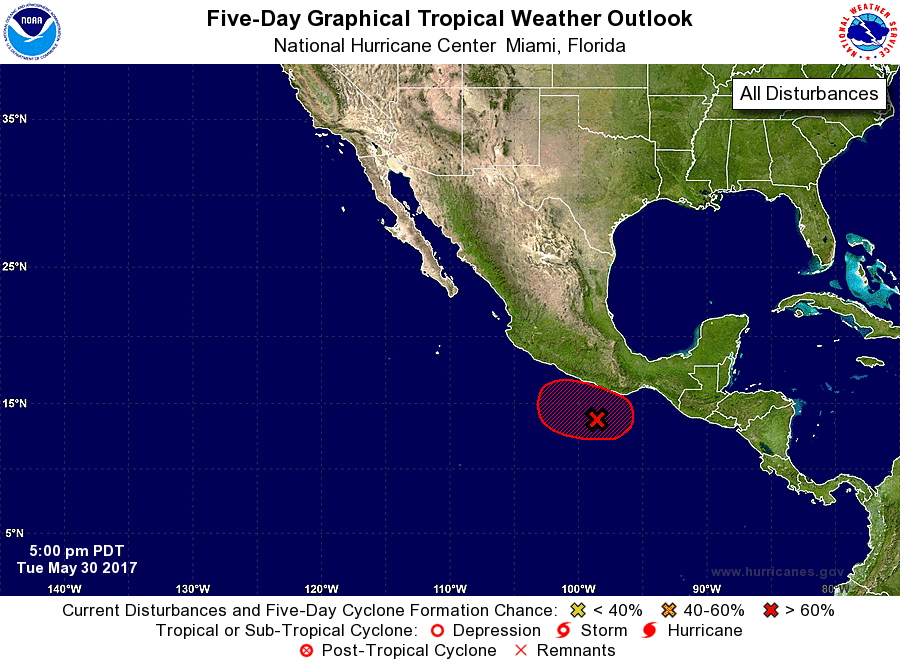
For the eastern North Pacific...east of 140 degrees west longitude:

1. Showers and thunderstorms associated with a low pressure area located about 275 miles southeast of Acapulco, Mexico, continue to show some signs of organization. Environmental conditions are expected to remain conducive for additional development, and a tropical depression is likely to form in a day or two while the low drifts northward toward the coast of Mexico. Regardless of development, locally heavy rains are expected to spread over the coast of southeastern and southern Mexico during the next several days. These rains could cause life-threatening flash floods and mudslides.
* Formation chance through 48 hours...high...70 percent.
* Formation chance through 5 days...high...80 percent.

Forecaster Brown